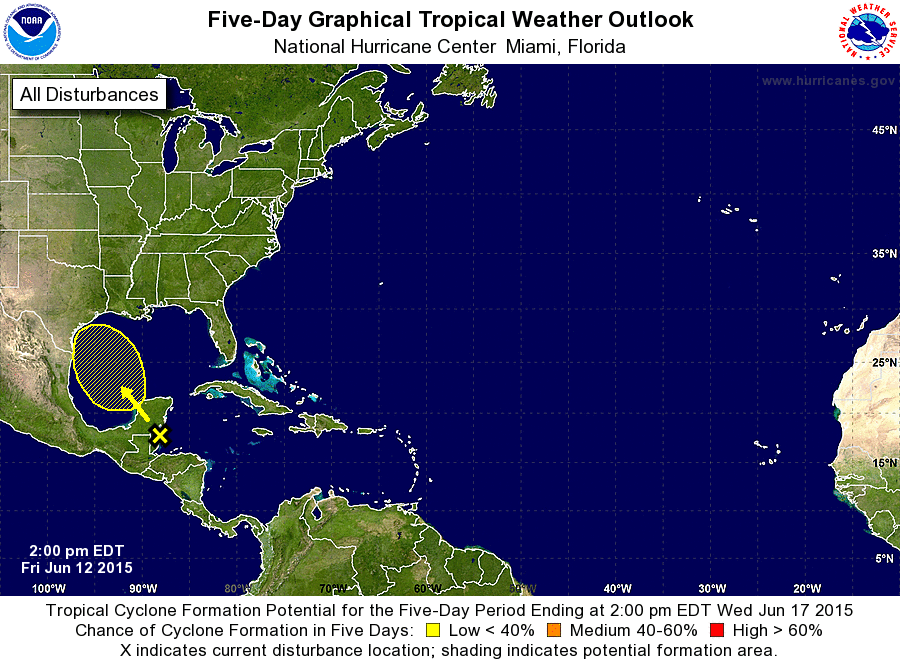
For the North Atlantic...Caribbean Sea and the Gulf of Mexico:

1. Disorganized showers and thunderstorms extending from the northwestern Caribbean Sea to Belize and the Yucatan peninsula of Mexico are primarily associated with an upper-level trough. This activity is expected to move northwestward into the southwestern Gulf of Mexico by late Sunday where development, if any, is unlikely due to strong upper-level winds.
* Formation chance through 48 hours...low...near 0 percent
* Formation chance through 5 days...low...10 percent

Forecaster Blake/Franklin